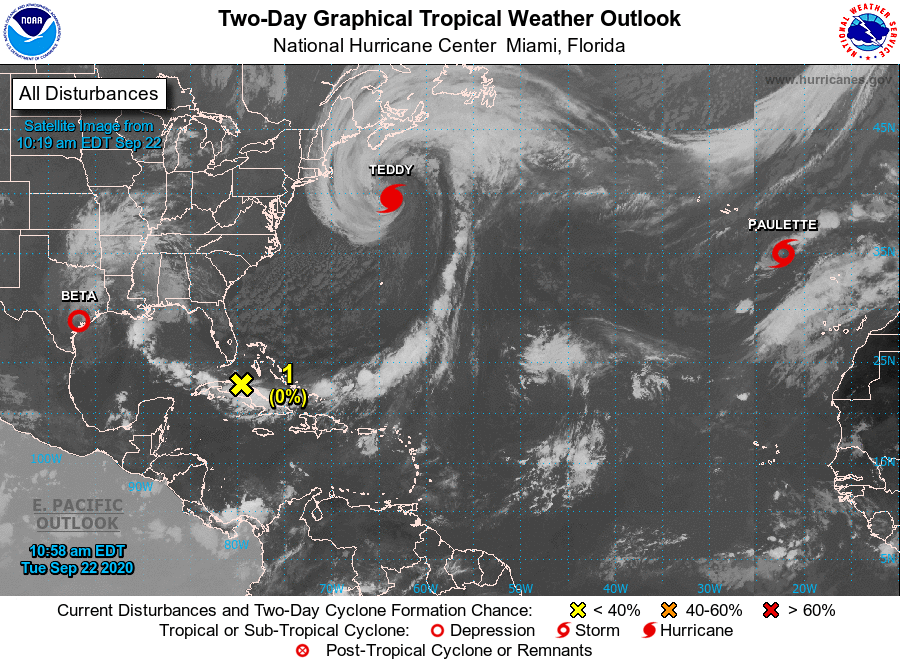
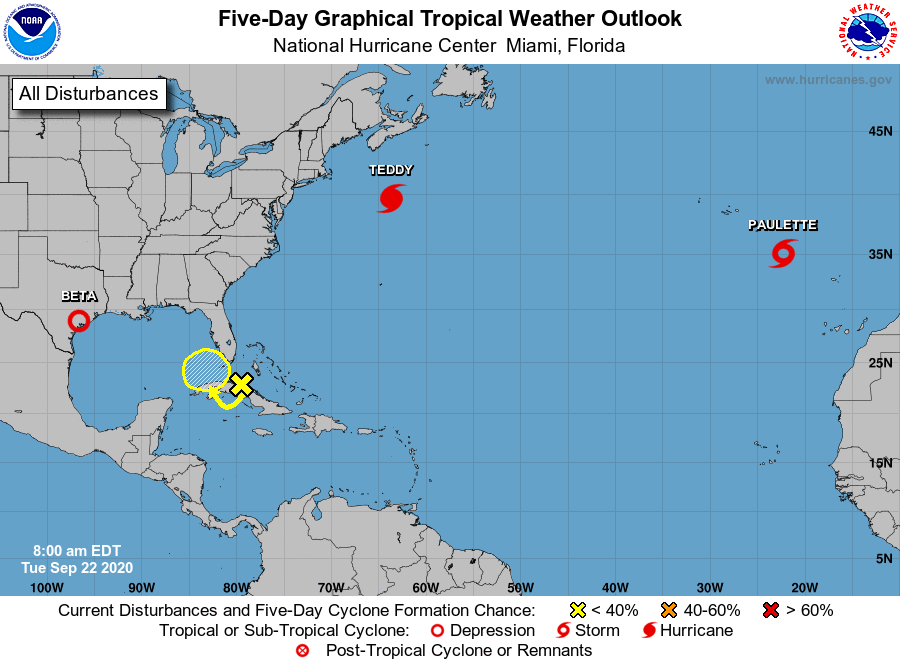
For the North Atlantic...Caribbean Sea and the Gulf of Mexico:

The National Hurricane Center is issuing advisories on Tropical Storm Beta, located over the Texas coast, on Hurricane Teddy, located several hundred miles south of Halifax, Nova Scotia, and on Tropical Storm Paulette, located a few hundred miles southeast of the Azores.

1. Showers and thunderstorms extending from the southeastern Bahamas westward through Cuba and into the southeastern Gulf of Mexico are associated with a cold front. This system is forecast to move slowly southward during the next couple of days, and then move back northward on Thursday through Saturday. Development, if any, over the southeastern Gulf of Mexico late this week is expected to be slow to occur. Regardless of development, locally heavy rainfall is possible over portions of Cuba on Tuesday and Wednesday and over the Florida Keys and south Florida on Thursday and Friday.
* Formation chance through 48 hours...low...near 0 percent.
* Formation chance through 5 days...low...10 percent.

Public Advisories on Paulette are issued under WMO header WTNT31 KNHC and under AWIPS header MIATCPAT1. Forecast/Advisories on Paulette are issued under WMO header WTNT21 KNHC and under AWIPS header MIATCMAT1.

Forecaster Blake